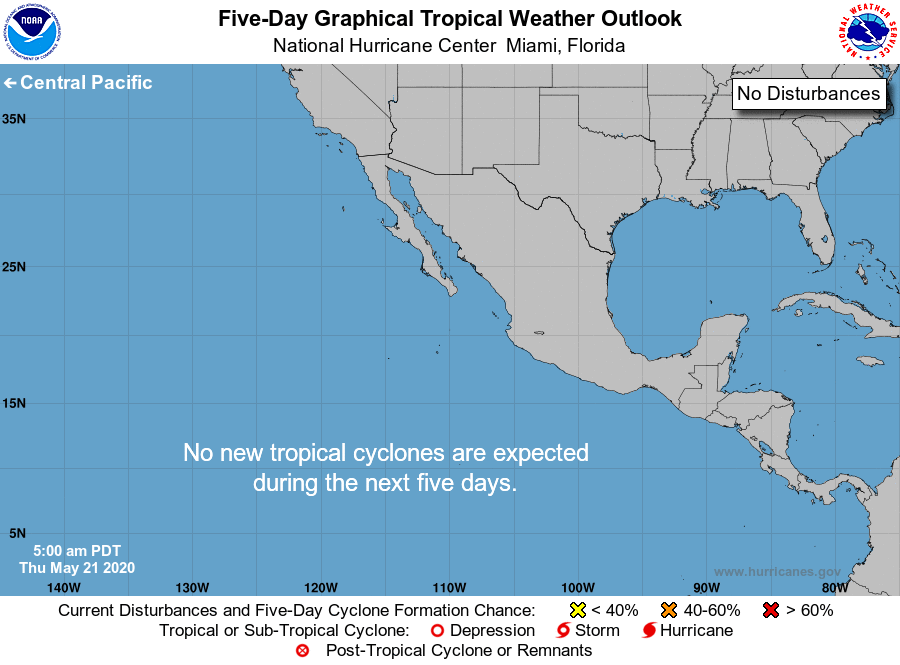
For the eastern North Pacific...east of 140 degrees west longitude:

Tropical cyclone formation is not expected during the next 5 days.

Forecaster Pasch